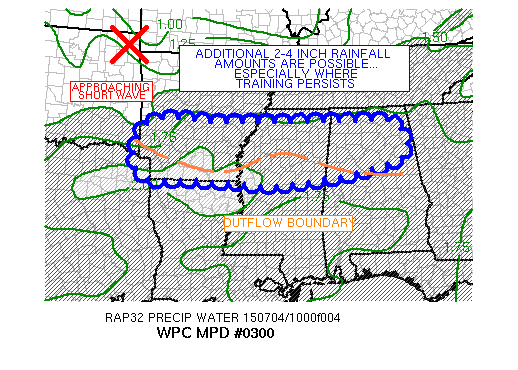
AREAS AFFECTED...SOUTHERN AR...NORTHERN MS...NORTHERN AL

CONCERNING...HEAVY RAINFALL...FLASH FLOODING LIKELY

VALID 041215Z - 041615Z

SUMMARY...CONVECTION WITH VERY HEAVY RAIN WILL CONTINUE TO TRAIN
ACROSS THE REGION THROUGH THE MORNING HOURS...LEADING TO FLASH
FLOODING.

DISCUSSION...SHOWERS AND THUNDERSTORMS WITH VERY HEAVY RAINFALL
CONTINUE TO TRAIN OVER THE SAME AREAS OF SOUTHERN AR...NORTHERN MS
AND NORTHERN AL. REGIONAL VWP PROFILES SHOWED THAT THE LOW LEVEL
CONVERGENT FLOW CONTINUES TO FOCUS MOISTURE (IN THE FORM OF A 2.00
PRECIPITABLE WATER AXIS) OVER THIS AREA...WHILE TRANSPORTING
INSTABILITY (BETWEEN 500 AND 1000 J/KG) UP AND OVER THE RESULTANT
OUTFLOW BOUNDARY. A SHORT WAVE CROSSING THE LOWER AND MID MS
VALLEY PROVIDES SYNOPTIC SCALE ASCENT...AND THE QUASI
UNIDIRECTIONAL LOW AND MID LEVEL FLOW SHOULD CONTINUE TO FOSTER
TRAINING ALONG THE OUTFLOW BOUNDARY.

THE LOW LEVEL FLOW FAVORS THE WESTERN END OF THE LINE FOR NEW
DEVELOPMENT (ACROSS  SOUTHERN AR AND NEARBY FAR NORTHEAST TX)...
WHICH THEN TRACKS ALONG THE LOW LEVEL CONVERGENCE TO THE EAST.
KLZK RADAR SHOWED HOURLY RAINFALL RATES AS HIGH AS 2 INCHES IN
SOUTHERN AR...WITH LESSER AMOUNTS TO THE EAST.

THE CONSENSUS OF HIGH RESOLUTION GUIDANCE STRONGLY SUGGESTS THAT
NEW CONVECTION WILL CONTINUE DEVELOPING ALONG THE WESTERN EDGE OF
THE LINE...TAPPING THE DEEPER MOISTURE AND INSTABILITY TO PRODUCE
THE HIGHEST RAINFALL AMOUNTS ACROSS SOUTHERN AR. THE 10Z HRRR
INDICATED ANOTHER 2 TO 4 INCHES OF RAINFALL IS POSSIBLE ACROSS
SOUTHERN AR... WITH ADDITIONAL 1-2 INCH AMOUNTS EXPECTED OVER
NORTHERN MS AND NORTHWEST AL. THERE IS A SIGNAL IN THE HIGH
RESOLUTION GUIDANCE THAT THE ACTIVITY SHOULD BEGIN TO WANE BEFORE
17Z...AS THE SHORT WAVE LIFTS OUT AND THE AVAILABLE INSTABILITY
DROPS OFF. THIS SHOULD OCCUR FROM EAST TO WEST...WITH SOUTHERN AR
HOLDING ONTO THE FLASH FLOOD THREAT THE LONGEST.

EARLIER HEAVY RAINS HAS RESULTED IN SATURATED SOILS...SO THE
ADDITIONAL RAINFALL SHOULD RESULT IN FLASH FLOODING.